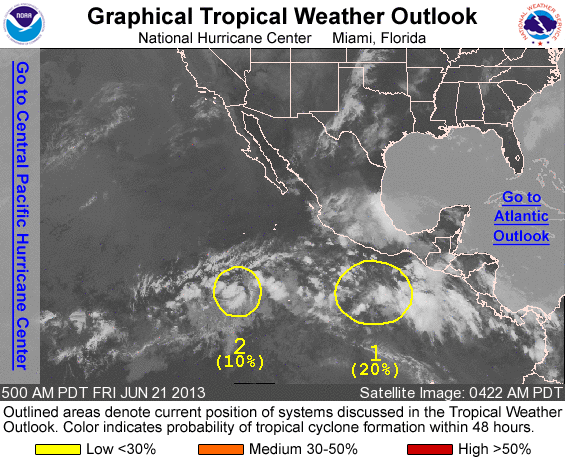
FOR THE EASTERN NORTH PACIFIC...EAST OF 140 DEGREES WEST LONGITUDE..

1. A BROAD AREA OF LOW PRESSURE IS LOCATED SEVERAL HUNDRED MILES SOUTH OF THE COAST OF SOUTHERN MEXICO. UPPER-LEVEL WINDS ARE NOT CURRENTLY FAVORABLE FOR DEVELOPMENT...BUT ARE FORECAST TO BECOME MORE CONDUCIVE DURING THE NEXT DAY OR SO. THIS SYSTEM HAS A LOW CHANCE...20 PERCENT...OF BECOMING A TROPICAL CYCLONE DURING THE NEXT 48 HOURS.

2. AN AREA OF DISTURBED WEATHER HAS FORMED ABOUT 900 MILES SOUTH-SOUTHWEST OF THE SOUTHERN TIP OF BAJA CALIFORNIA. ANY DEVELOPMENT OF THIS SYSTEM IS EXPECTED TO BE SLOW TO OCCUR WHILE IT MOVES TO THE NORTHWEST AT 5 TO 10 MPH. THIS SYSTEM HAS A LOW CHANCE...10 PERCENT...OF BECOMING A TROPICAL CYCLONE DURING THE NEXT 48 HOURS.

ELSEWHERE...TROPICAL CYCLONE FORMATION IS NOT EXPECTED DURING THE NEXT 48 HOURS.

FORECASTER BLAKE